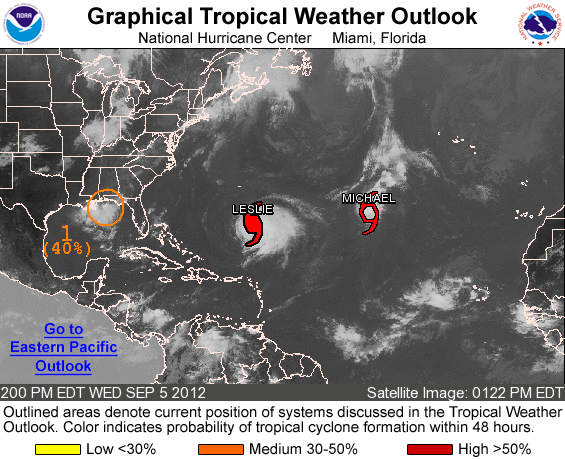
FOR THE NORTH ATLANTIC...CARIBBEAN SEA AND THE GULF OF MEXICO...

THE NATIONAL HURRICANE CENTER IS ISSUING ADVISORIES ON RECENTLY UPGRADED HURRICANE LESLIE...LOCATED ABOUT 465 MILES SOUTH-SOUTHEAST OF BERMUDA... AND ON TROPICAL STORM MICHAEL...LOCATED ABOUT 1125 MILES WEST-SOUTHWEST OF THE AZORES.

1. A LOW PRESSURE SYSTEM IS LOCATED OVER THE EXTREME NORTH-CENTRAL GULF OF MEXICO...ABOUT 25 MILES SOUTHEAST OF PENSACOLA FLORIDA. SHOWERS AND THUNDERSTORMS HAVE CONTINUED TO DEVELOP NEAR AND TO THE SOUTH OF THE CENTER...AND ENVIRONMENTAL CONDITIONS ARE EXPECTED TO BE AT LEAST MARGINALLY CONDUCIVE FOR SOME GRADUAL DEVELOPMENT OF THIS DISTURBANCE OVER THE NEXT FEW DAYS. THIS SYSTEM HAS A MEDIUM CHANCE...40 PERCENT...OF BECOMING A TROPICAL CYCLONE DURING THE NEXT 48 HOURS AS IT MOVES SOUTHWARD TO SOUTH-SOUTHWESTWARD AT 5 TO 10 MPH. AN AIR FORCE RESERVE RECONNAISSANCE AIRCRAFT IS SCHEDULED TO INVESTIGATE THE SYSTEM THURSDAY AFTERNOON...IF NECESSARY

ELSEWHERE...TROPICAL CYCLONE FORMATION IS NOT EXPECTED DURING THE NEXT 48 HOURS.

FORECASTER STEWART